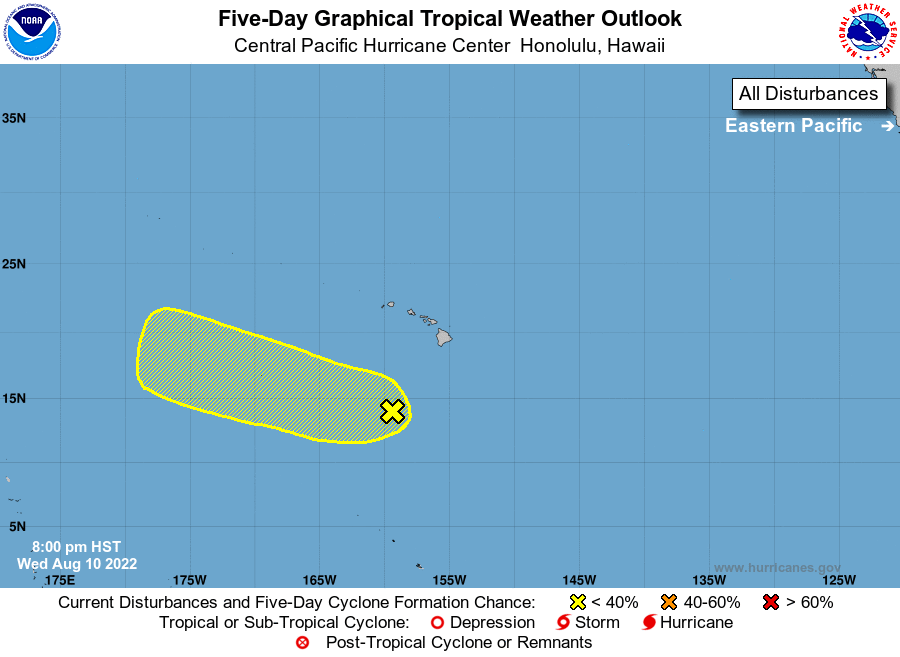
For the central North Pacific...between 140W and 180W:

1. Well south of the main Hawaiian Islands: An area of low pressure located several hundred miles south of the main Hawaiian Islands has been generating showers and thunderstorms. Environmental conditions may allow some gradual development of this system as it moves quickly west northwest through the weekend.
* Formation chance through 48 hours...low...10 percent.
* Formation chance through 5 days...low...30 percent.

Elsewhere, no tropical cyclones are expected during the next 5 days.

Forecaster Kinel